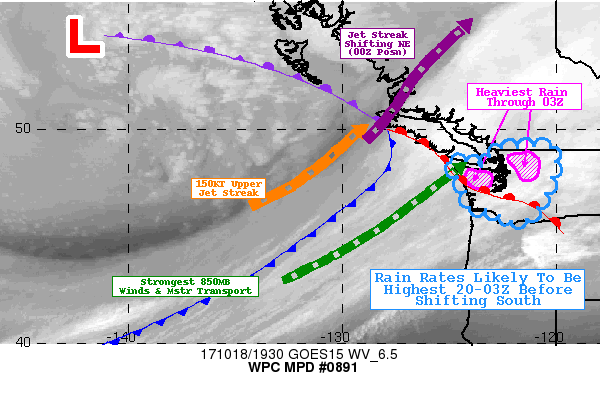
AREAS AFFECTED...WESTERN WASHINGTON

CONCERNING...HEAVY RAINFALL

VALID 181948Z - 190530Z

SUMMARY...AN ATMOSPHERIC RIVER WILL CONTINUE TO IMPACT WESTERN
WASHINGTON THROUGH THE MID-EVENING HOURS. HOURLY RAIN RATES SHOULD
PEAK IN THE NEXT SIX HOURS (PRIOR TO 03Z) AND COULD REACH UP TO
AROUND 0.65 TO 0.75 IN/HR ON FAVORED UPSLOPE REGIONS OF THE
OLYMPICS AND NORTHERN WASHINGTON CASCADES.

DISCUSSION...LATEST RAP ANALYSIS AND RADAR VERTICAL WIND PROFILE
FROM LANGLEY HILL WA RADAR (KLGX) SHOWS THAT THE STRONGEST PORTION
OF THE THE LOW-LEVEL JET BEGAN TO IMPACT THE OLYMPIC PENINSULA
AROUND 16-17Z. KLGX ESTIMATED 850MB WINDS INCREASED TO AROUND 60
KNOTS IN THAT TIME FRAME AND HAVE HELD STEADY SINCE THEN. SEATTLE
RADAR (KATX) HAS SHOWN A SIMILAR INCREASE IN THE PAST COUPLE
HOURS...WITH 850MB WINDS NOW CLOSER TO 50 KNOTS. COINCIDENT WITH
THE INCREASE IN FLOW IMPACTING THE COAST...RAIN RATES HAVE ALSO
INCREASED. FOR EXAMPLE...QUILLAYUTE (KUIL) HAD RAIN RATES OF
AROUND 0.2 TO 0.25 IN/HR IN THE 16-17Z TIME FRAME INCREASE TO 0.47
IN/HR ON THE LATEST OBSERVATION AT 19Z. THIS IS GENERALLY
CONSISTENT WITH THE LATEST AMSU-SSMI BLENDED RAIN RATE WHICH
SHOWED VALUES OF UP TO 0.35 IN/HR APPROACHING THE COAST OF
VANCOUVER ISLAND EARLIER IN THE MORNING (AROUND 15Z).

OVER THE NEXT SEVERAL HOURS RAIN RATES ARE LIKELY TO PEAK ACROSS
NW WASHINGTON (PARTICULARLY IN THE OLYMPICS AND NRN CASCADES).
THIS WILL COINCIDE WITH THE STRONGER LOW-MID LEVEL FLOW NOSING
FURTHER INLAND LEADING TO STRONGER OROGRAPHIC ASCENT IN FAVORED
UPSLOPE REGIONS. ADDITIONALLY...A 150+ KNOT UPPER LEVEL JET STREAK
CURRENTLY OFFSHORE (AND EVIDENT IN GOES-15 WATER VAPOR LOOPS)
SHOULD CONTINUE TO DEVELOP NORTHEAST...LIKELY PLACING THE RIGHT
ENTRANCE REGION OVER WRN WASHINGTON. THE MORE FAVORABLE JET
DYNAMICS IN THAT REGION OF THE JET STREAK COULD ADD SOME
ADDITIONAL SUPPORT FOR ASCENT THROUGH UPPER LEVEL DIVERGENCE.
THESE FAVORABLE SYNOPTIC CONDITIONS...WHEN COMBINED WITH OBSERVED
PRECIPITABLE WATER VALUES ON GPS SENSORS UP TO 1.2 TO 1.3 INCHES
ALONG THE WASHINGTON COAST...SUPPORT THE LIKELIHOOD OF RAIN RATES
PEAKING OVER THE NEXT SIX HOURS OR SO. HIGH-RESOLUTION MODEL
GUIDANCE IS IN LINE WITH THIS THINKING AS WELL.

GIVEN OBSERVED (VIA SURFACE SITES AND IMPLIED BY SATELLITE
ESTIMATES) HOURLY RAIN RATES IN COASTAL AND LOWER-ELEVATION AREAS
APPROACHING 0.5 IN/HR...IT SEEMS REASONABLE TO EXPECT SLIGHTLY
HIGHER RATES IN UPSLOPE AREAS OF TERRAIN PARTICULARLY WITH SNOW
LEVELS QUITE ELEVATED (AROUND 10000 FT). INDEED BOTH THE HRRR-TLE
AND HREF ENSEMBLES HAVE THE PROBABILITY OF EXCEEDING 0.5 IN/HR
RAIN RATES IN THE OLYMPICS AND NRN WA CASCADES OVER 90
PERCENT...WITH THE HREF BLENDED MEAN RAIN RATES PEAKING AROUND
0.75 IN/HR IN THE HIGHER TERRAIN. FROM 18Z TO 06Z...THE HREF
ENSEMBLE BLENDED MEAN DOES ALSO HAVE 12-HR RAIN TOTALS IN THESE
SAME AREAS OF ELEVATED TERRAIN COMMONLY REACHING 4-6 INCHES...WITH
A FEW ISOLATED HIGHER AMOUNTS.

AS THE CYCLONE CONTINUES TO OCCLUDE...WIND FIELDS (PARTICULARLY
THE LOW-MID LEVEL JET) SHOULD WEAKEN AND SHIFT SOUTH WITH THE
PROGRESSION OF THE COLD FRONT. THEREFORE...AFTER 00Z AND
ESPECIALLY AFTER 03Z...RAIN SHOULD BECOME FOCUSED FURTHER SOUTH IN
WASHINGTON AND PERHAPS NW OREGON WITH THE HEAVIER RATES IN THE
UPSLOPE REGIONS OF THE COASTAL RANGES AND CASCADES. HOWEVER...RAIN
RATES AT THESE TIMES ARE LIKELY TO BE SLIGHTLY LOWER.